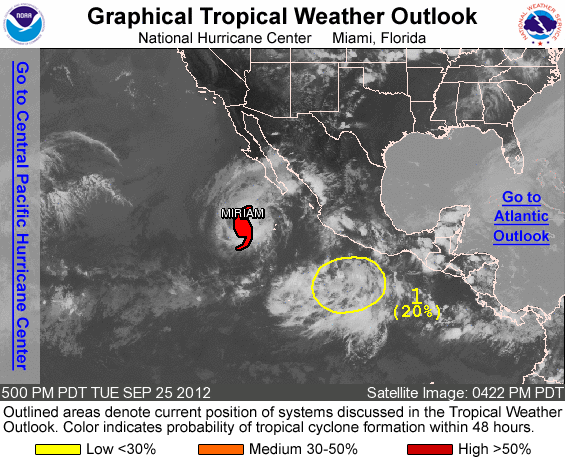
FOR THE EASTERN NORTH PACIFIC...EAST OF 140 DEGREES WEST LONGITUDE..

THE NATIONAL HURRICANE CENTER IS ISSUING ADVISORIES ON HURRICANE MIRIAM...LOCATED ABOUT 425 MILES SOUTHWEST OF THE SOUTHERN TIP OF BAJA CALIFORNIA.

1. THE AREA OF DISTURBED WEATHER CONTINUES A FEW HUNDRED MILES SOUTH-SOUTHWEST OF ACAPULCO MEXICO. ANY DEVELOPMENT OF THIS DISTURBANCE DURING THE NEXT COUPLE OF DAYS SHOULD BE SLOW TO OCCUR DUE TO STRONG UPPER-LEVEL WINDS. THIS SYSTEM HAS A LOW CHANCE...20 PERCENT...OF BECOMING A TROPICAL CYCLONE DURING THE NEXT 48 HOURS AS IT MOVES NORTHWESTWARD AT ABOUT 10 MPH.

ELSEWHERE...TROPICAL CYCLONE FORMATION IS NOT EXPECTED DURING THE NEXT 48 HOURS.

FORECASTER LANDSEA